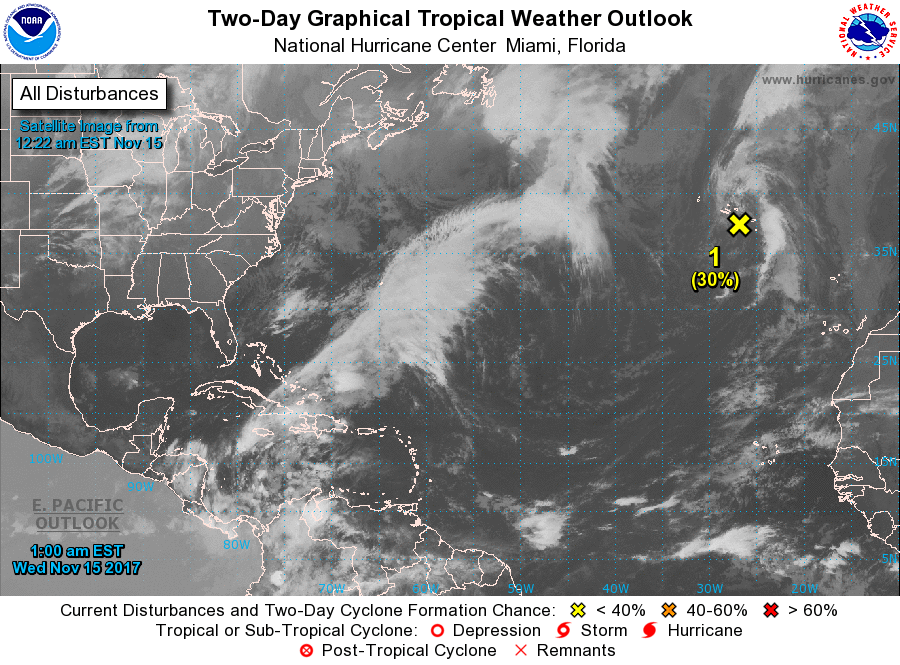
For the North Atlantic...Caribbean Sea and the Gulf of Mexico:

1. A broad area of low pressure is moving northeastward at 15 to 20 mph across the central and eastern Azores. Although environmental conditions are becoming unfavorable for the formation of a subtropical cyclone, locally heavy rainfall and gusty winds to near gale force, especially over higher terrain, will possible in the eastern and central Azores this morning. For additional information on this system, see products issued by the Azores Meteorological Institute and High Seas Forecasts issued by Meteo-France.
* Formation chance through 48 hours...low...30 percent.
* Formation chance through 5 days...low...30 percent.

High Seas Forecasts issued by Meteo-France can be found under WMO header FQNT50 LFPW and on the web at http://www.meteofrance.com/previsions-meteo-marine/bulletin.

Forecaster Stewart